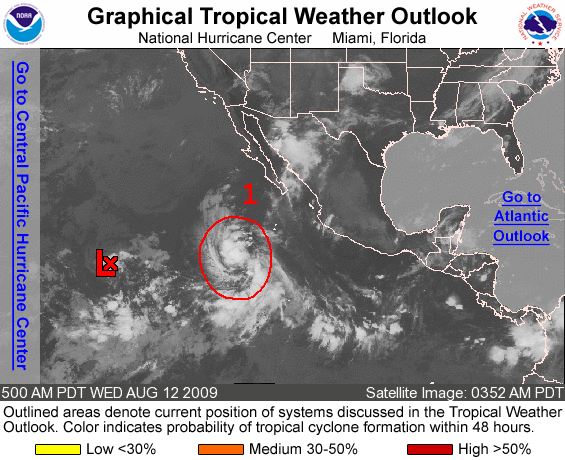
FOR THE EASTERN NORTH PACIFIC...EAST OF 140 DEGREES WEST LONGITUDE..

THE NATIONAL HURRICANE CENTER IS ISSUING ADVISORIES ON TROPICAL DEPRESSION NINE-E...LOCATED ABOUT 1510 MILES WEST-SOUTHWEST OF THE SOUTHERN TIP OF BAJA CALIFORNIA.

1. SHOWERS AND THUNDERSTORMS ASSOCIATED WITH A BROAD AREA OF LOW PRESSURE LOCATED ABOUT 600 MILES SOUTH-SOUTHWEST OF THE SOUTHERN TIP OF BAJA CALIFORNIA HAVE BECOME A LITTLE MORE CONCENTRATED OVER THE PAST SEVERAL HOURS. THIS SYSTEM COULD BECOME A TROPICAL DEPRESSION LATER TODAY OR ON THURSDAY AS IT MOVES GENERALLY WEST-NORTHWESTWARD AT 10 TO 15 MPH. THERE IS A HIGH CHANCE... GREATER THAN 50 PERCENT...OF THIS SYSTEM BECOMING A TROPICAL CYCLONE DURING THE NEXT 48 HOURS.

ELSEWHERE...TROPICAL CYCLONE FORMATION IS NOT EXPECTED DURING THE NEXT 48 HOURS.

FORECASTER FRANKLIN